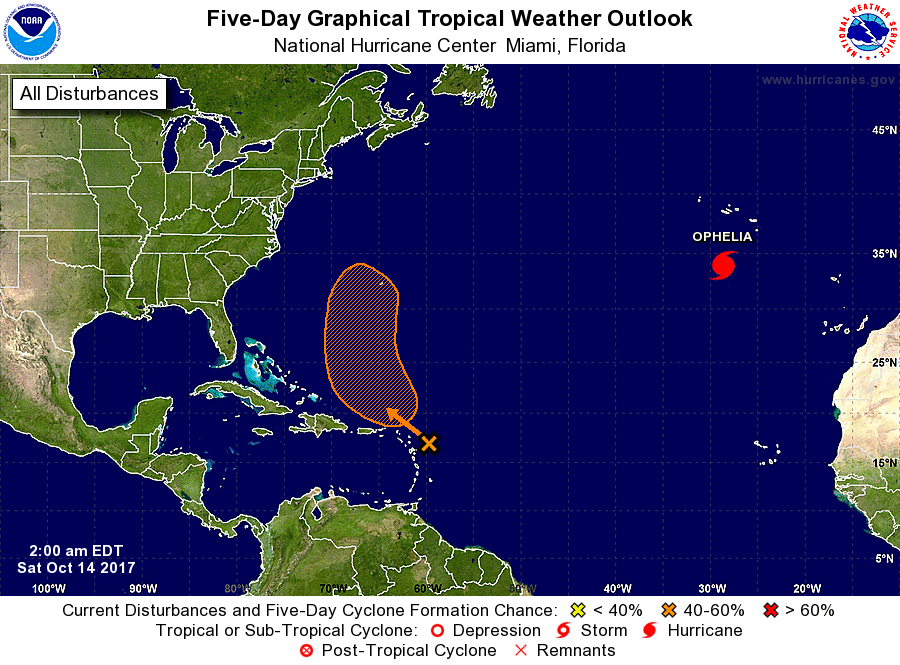
For the North Atlantic...Caribbean Sea and the Gulf of Mexico:

The National Hurricane Center is issuing advisories on Hurricane Ophelia, located over the eastern Atlantic Ocean several hundred miles southwest of the Azores.

1. A broad area of low pressure located about 150 miles east of the northern Leeward Islands is producing disorganized showers and thunderstorms, mainly to the east of the surface low. Recent satellite-derived surface wind data indicate that gale-force winds were occurring in squalls, and occasional strong wind gusts will continue to occur in some of the heavier showers. Upper-level winds are expected to remain unfavorable for development during the next couple of days while the system moves west-northwestward at 15 to 20 mph, and passes near or north of the Leeward Islands and the Virgin Islands. However, environmental conditions could become a little more conducive for some development early next week when the system begins to move northward and then recurves over the west-central Atlantic Ocean. Additional information on this system can be found in High Seas Forecasts issued by the National Weather Service.
* Formation chance through 48 hours...low...10 percent.
* Formation chance through 5 days...medium...40 percent.

Additional information on this system can be found in High Seas Forecasts issued by the National Weather Service. ..under AWIPS header NFDHSFAT1 and WMO header FZNT01 KWBC.

Forecaster Stewart